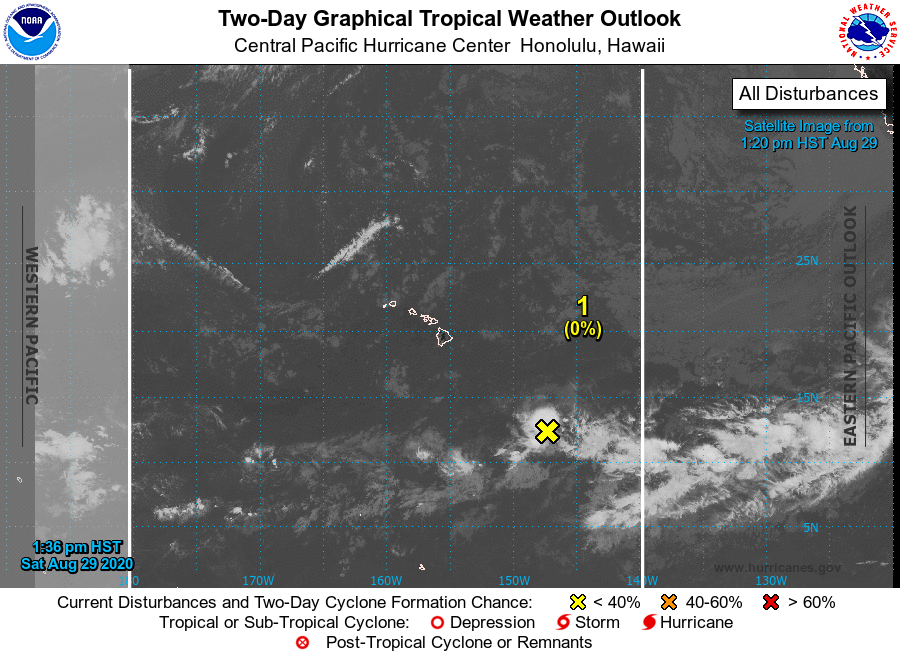
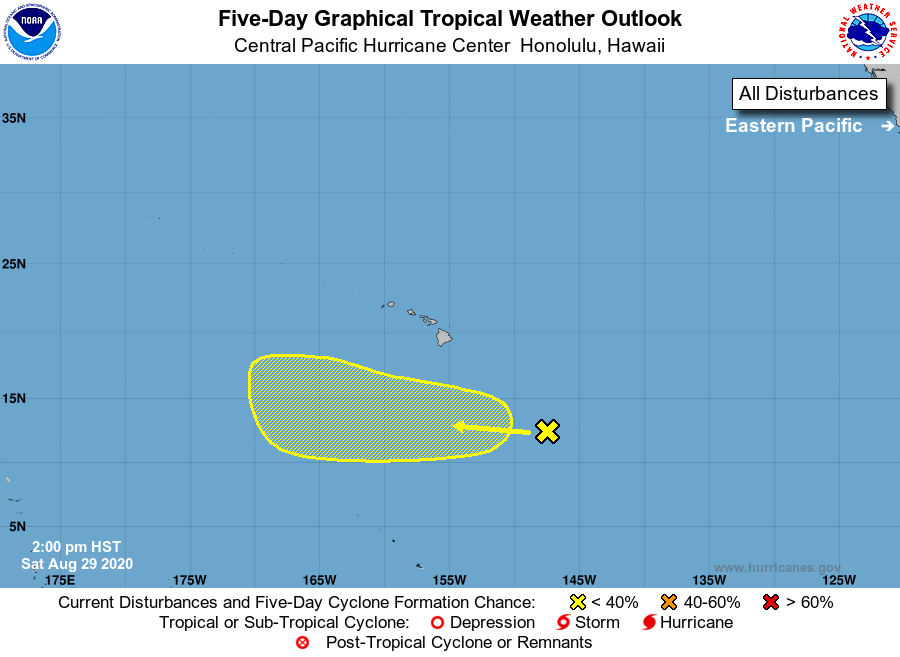
For the central North Pacific...between 140W and 180W:

1. An elongated area of low pressure located around 700 miles southeast of Hilo, Hawaii, is producing disorganized showers and thunderstorms. Environmental conditions appear somewhat conducive for the gradual development of this system as it moves slowly west over the next several days.
* Formation chance through 48 hours...low...near 0 percent.
* Formation chance through 5 days...low...20 percent.

Forecaster Blood